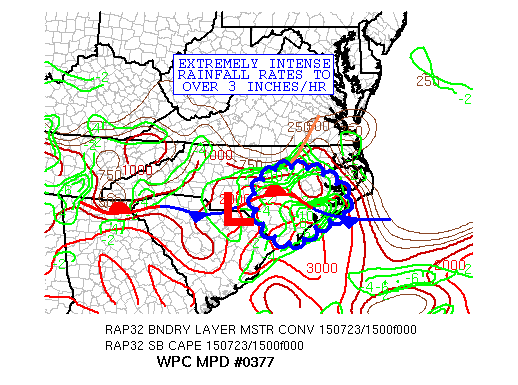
AREAS AFFECTED...CENTRAL AND SOUTHEAST NC

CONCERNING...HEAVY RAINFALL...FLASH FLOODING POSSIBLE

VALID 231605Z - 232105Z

SUMMARY...VERY INTENSE SHOWERS AND THUNDERSTORMS WILL EXPAND IN
COVERAGE THROUGH THE MID-AFTERNOON HOURS. SLOW
MOVEMENT...CELL-MERGERS AND BACKBUILDING OF CELLS WILL FOSTER SOME
FLASH FLOOD POTENTIAL GIVEN THE EXPECTED HIGH RAINFALL RATES.

DISCUSSION...AN AREA OF LOW PRESSURE FOCUSED ALONG A WAVY
STATIONARY FRONT IS MOVING GRADUALLY INTO SOUTHERN NC BASED ON
LATEST SURFACE OBSERVATIONS. MEANWHILE...CONVECTION HAS BEEN
GRADUALLY INCREASING JUST AHEAD OF THE LOW CENTER OVER EASTERN NC
AND GENERALLY ALONG THE NORTH SIDE OF THE FRONTAL ZONE. THE
CONVECTION IS ENHANCING WITH AN UPTICK IN LOW LEVEL
FORCING/MOISTURE CONVERGENCE COUPLED WITH STRONG DIURNAL HEATING
WHICH IS HELPING TO FOCUS A MARKED INCREASE IN SURFACE-BASED
INSTABILITY.

THE LATEST GOES-SOUNDER/GPS-DERIVED PWATS ARE 1.75 TO 2
INCHES...WITH SOUNDER DRIVEN LI/S NOW AS LOW -5 TO -7 JUST AHEAD
OF THE SURFACE WAVE. CONVECTION OVER THE NEXT FEW HOURS SHOULD
CONTINUE TO INCREASE AND EXPAND IN COVERAGE AS STRONGER MOISTURE
CONVERGENCE AND INSTABILITY FOCUSES OVER EASTERN NC. SOME MODEST
UPPER LEVEL FORCING ASCENT IS EXPECTED TO AS WEAK VORT ENERGY
ADVANCES EAST ACROSS THE REGION AS DENOTED SUBTLY IN THE GOES-RGB
AIRMASS IMAGERY.

THE 00Z ARW/00Z NMMB AND CONSECUTIVE RUNS OF THE HRRR SUGGEST SOME
VERY IMPRESSIVE RAINFALL POTENTIAL THIS AFTERNOON WITH FOCUSED
AMOUNTS OF 3 TO 6 INCHES...AND LOCALLY HEAVIER AMOUNTS AS HIGH AS
8 INCHES. WHILE FFG VALUES ARE HIGH ACROSS THE REGION...THE
RAINFALL RATES POTENTIAL IS VERY HIGH AND MAY LOCALLY EXCEED 3
INCHES/HR. THE ENVIRONMENT IS CONDUCIVE FOR CELL-MERGERS AND
BACKBUILDING WHICH WILL ONLY ENHANCE THE RAINFALL RATE POTENTIAL.
THEREFORE...EXPECT SOME FLASH FLOODING AND RUNOFF PROBLEM CONCERNS
THROUGH THE AFTERNOON.